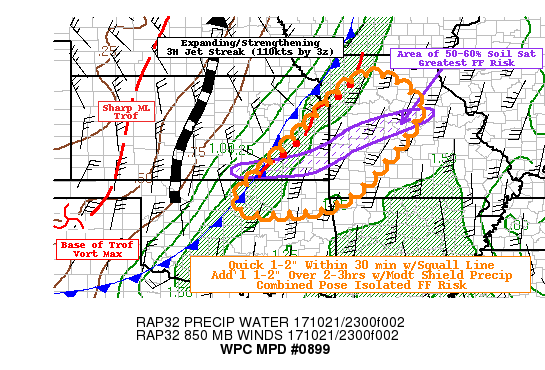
AREAS AFFECTED...SOUTHEAST KS...NORTHEAST OK...WESTERN MO

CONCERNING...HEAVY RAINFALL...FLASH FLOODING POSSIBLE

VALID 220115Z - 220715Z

SUMMARY...MATURE QLCS MOVING EAST TOWARD LESS RECEPTIVE GROUND
CONDITIONS.  QUICK BURST 1-2" RAINS FOLLOWED BY ADDITIONAL
MODERATE SHIELD PRECIPITATION MAY EXCEED FFG WITH ISOLATED FLASH
FLOODING POSSIBLE

DISCUSSION...GOES-16 10.3UM LOOP AND REGIONAL MRMS RALA IMAGERY
DEPICT A CONSOLIDATING LINEAR CONVECTIVE COMPLEX STRETCHING FROM
HARRISON COUNTY MO (IA STATE LINE) ACROSS KC METRO INTO NORTH
CENTRAL OK ALONG/JUST AHEAD OF COLD FRONT. MEAN CLOUD BEARING FLOW
REMAINS FAIRLY PARALLEL TO THE FRONTAL ZONE ALLOWING FOR SOME
CROSS TRACKS OF UPDRAFT/DOWNDRAFT CORES THOUGH WITH GREATER
EASTWARD EXPANSION OF HEIGHT FALLS...THICKNESS FIELDS ARE
TIGHTENING SLIGHTLY SUGGESTING A BIT MORE INCREASED EASTWARD
PROPAGATION THAN CURRENTLY OBSERVED.  STILL STRENGTHENING
LLJ/MOISTURE FLUX STARTING TO TAP EVEN FURTHER DEEPER GULF STREAM
MOISTURE (CIRA TPW/LPW ANALYSIS SHOWS STRONG CHANNEL ACROSS LA/AR
TOWARD SW MO) AND BY 04Z RAP FORECASTS DEPICT A BROAD PLUME OF
1.5+" TPWS ALONG 50+ KT INFLOW TO THE LINE (THOUGH BECOMING LESS
ORTHOGONAL WITH TIME).  ALL CONSIDERED THE MAIN CORES ARE LIKELY
TO PRODUCE 1-1.5" IN 15-30 MINUTES WITH SQUALL PASSAGE...ALREADY
VERY CLOSE TO 1HR FFG VALUES IN THE AREA.  STRONGER ISOLATED
INCIDENTS ALONG THE QLCS MAY BE ENHANCED TO 2" BUT WOULD BE HIGHLY
LOCALIZED.  AS SUCH FF IS POSSIBLE PARTICULARLY IN URBAN CENTERS.

GOES 3-CHANNEL WV SUITE AND AMVS DEPICT STEADILY INCREASING
NORTHERLY EVACUATION OUTFLOW AS JET ENERGY ROUNDS THE BASE OF THE
TROF AND ZIPS NORTHWARD.  GIVEN ORIENTATION OF THE JET IS WEST OF
THE QLCS DEPICTED BY -70C IR TOPS...STRONG MST ASCENT THROUGH THE
SQUALL LINE INTO THE RIGHT ENTRANCE REGION OF THE EXPANDING JET
STREAK WILL ALLOW FOR MODEST RAINFALL EFFICIENCY WITH HOURLY RATES
OF .5-.75"/HR PSBL AFTER THE MAIN SQUALL LINE FOR 2 TO 3 HOURS
ADDING A POTENTIAL 1-2 ADDITIONAL INCHES LEADING TO THE
POSSIBILITY OF LOCALIZED MAX NEAR 4" IN LINE WITH HI-RES CAMS SUCH
AS THE ESRL HRRRV3/ARW2/NSSL-WRF. THIS WOULD EXCEED 3HR FFG ACROSS
THE AREA. HRRR/HRRRV3 BASELINE SOIL SATURATION OF UP TO 50% IN TOP
CM (MAINLY FROM LAST WEEKEND'S RAINFALL EVENT ACROSS SE KS TO
CENTRAL MO) WOULD LIKELY EXPERIENCE THE GREATEST RISK FOR
INCREASED RUNOFF AND FLOODING CONCERNS.